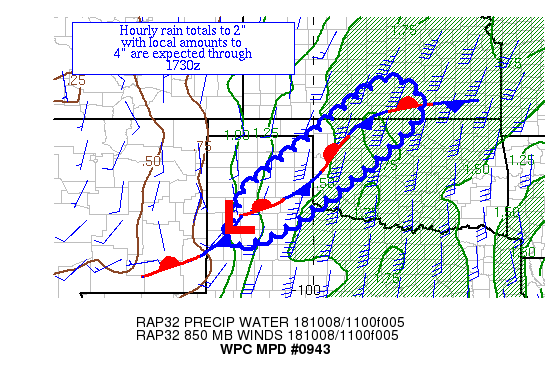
Areas affected...TX Panhandle & Western OK

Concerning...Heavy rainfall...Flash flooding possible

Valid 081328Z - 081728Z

Summary...A convective uptick is underway across the TX Panhandle
and western OK at the current time.  Hourly rain totals to 2" and
local amounts to 4" are expected over the next four hours.

Discussion...Thunderstorms are increasing in coverage across
portions of the TX Panhandle and western OK per recent radar
imagery.  This is occurring within a very divergent area aloft
ahead of a slowly progressive closed low over the Desert
Southwest.  Precipitable water values of 1.2-1.6" lie in the area
per recent GPS data.  Inflow at 850 hPa in convergent out of the
south-southwest at 25-45 kts (similar to the magnitude of the
effective bulk shear), importing ML CAPE values (as little CIN
exists) of 1000-2000 J/kg within the warm area advection pattern
north and east of a wave of low pressure.  The flow is
unidirectional out of the south-southwest, with moisture aloft
advecting in from the eastern Pacific.

Hourly rain totals to 2" are expected within this environment.
There is a mesoscale guidance signal within the 00z WRF NSSL and
00z NMMB guidance (which look reasonable) for local amounts of 4"
in this area, which the 06z HREF probabilities of 1"+ an hour
suggest could persist for the next four hours.  Slow eastward
progression should keep the rainfall magnitude from becoming too
extreme.  Flash flood guidance values in this area are roughly
2-2.5" in three hours, which could be exceeded during this time
frame.